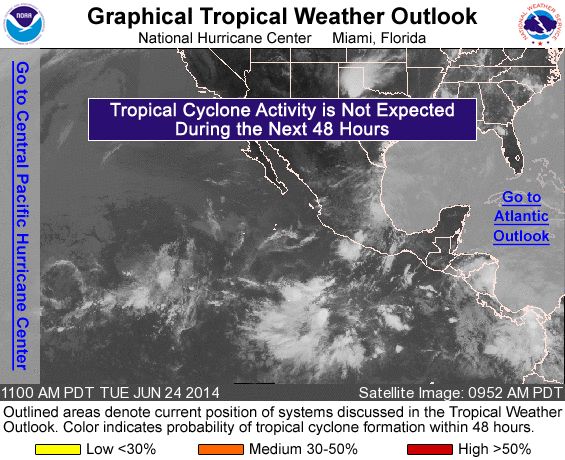
For the eastern North Pacific...east of 140 degrees west longitude:

A low pressure system is expected to form to the south of Mexico late this week, and development of this system is possible by the weekend while it moves west-northwestward.
* Formation chance through 48 hours...low...near 0 percent.
* Formation chance through 5 days...medium...30 percent.

Forecaster Pasch/Berg